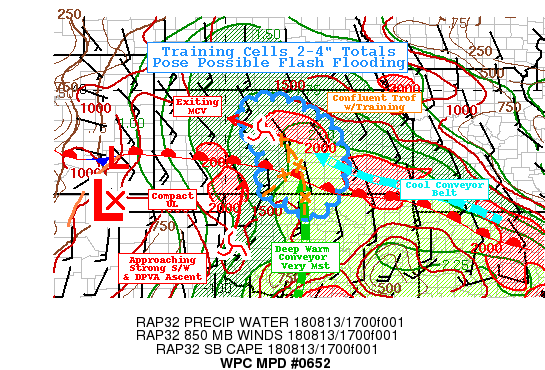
Areas affected...Central & South Central KS...North Central OK...

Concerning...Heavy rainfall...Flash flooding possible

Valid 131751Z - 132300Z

SUMMARY...Multiple convective bands with the potential for
training and flash flooding.

DISCUSSION...GOES-16 WV suite depicts a compact/strong stacked Low
over far northeast NM with baroclinic leaf lifting across western
OK ahead of a strong shortwave feature.  A weakening MCV vorticity
lobe is lifting northwest around the periphery of the deeper low
across central KS.  The orientation of all 3 features allows for
deep moisture flux along the warm conveyor belt from southern TX
pumping very deep/nearly saturated profiles into central KS.  A
weaker cool conveyor belt can also be seen from N AR across
southeast KS toward the MCV, leading to broad moisture flux that
becomes strongly confluent across Central KS into north Central
OK.

Some clearing before the deep cirrus shield built in to support
modest narrow skinny instability profiles with MLCAPEs to 1500
J/kg and Total PWATs after using surface modified 12z LMN
sounding.  With strong DPVA upstream but also flattening 5H-850mb
trof across the region supporting moisture convergence and
convective development from the wake of the MCV in Barton county,
KS to Grant county OK.  The weak inflection between mid-level vort
centers also supports convective growth in a band from Woods, OK
to Barber county, KS as well...all moving with the nearly
unidirectional cloud bearing flow to the NNW.  500-1000mb
thickness fields also suggest very weak propagation vectors to the
east, even as any weak cold pools (given limited dry air mixing)
would develop.

Limiting factors seem to be related to the modest
instability/convergence along the mid-level confluence trof is
supporting narrower updrafts/downdrafts to make training over a
broader area a bit more difficult for larger areal coverage to
support significant flash flooding.  Additionally, the FFG values
are quite high with 3hr values in the 2-3" range with pockets over
4" near/along Arkansas River Valley.  Still, AHPS rainfall totals
are above average (up to 200%) within a triangle from HYS to SLN
to just E of PTT and extending from PTT to WLD.  With these
limiting factors, and rainfall totals to 2-4" possible in the
training, flash flooding is considered possible.

Will be watching closely, convective expansion along the cool
conveyor/frontal boundary into Southeast KS for continued
convective coverage/growth capable of flash flooding, but at this
point, the coverage is a bit too scattered to include with this
MPD.